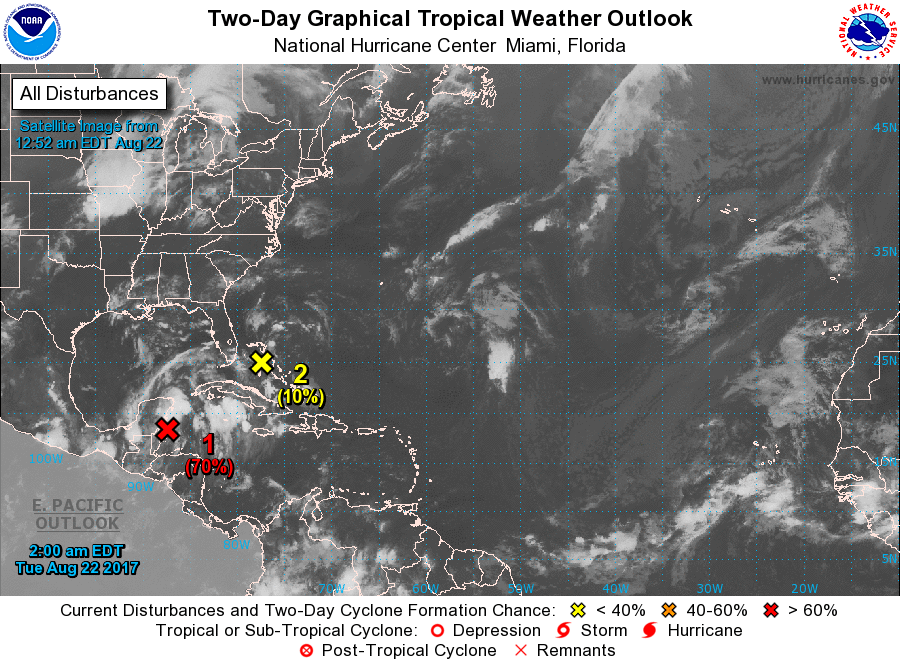
For the North Atlantic...Caribbean Sea and the Gulf of Mexico:

1. A large area of disturbed weather over the northwestern Caribbean Sea is associated with the remnants of Harvey. Satellite images and surface observations indicate that the system has not become better organized and tropical cyclone development is not expected before the system moves inland over the Yucatan peninsula this morning. However, environmental conditions are expected to be conducive for development when the system moves over the Bay of Campeche tonight or early Wednesday, and a tropical depression is likely to form over the southwestern Gulf of Mexico on Wednesday or Thursday. Regardless of development, locally heavy rainfall and gusty winds are expected to spread westward across Belize and the Yucatan peninsula during the next day or so.
* Formation chance through 48 hours...high...70 percent.
* Formation chance through 5 days...high...90 percent.

2. Shower and thunderstorm activity associated with a broad trough of low pressure near the northwestern Bahamas remains limited. Any development of this system during the next few days should be slow to occur while it moves west-northwestward, and then turns northwestward or northward near Florida and the adjacent waters. Environmental conditions could become a little more conducive for development by the weekend when the system begins to move northeastward over the western Atlantic.
* Formation chance through 48 hours...low...10 percent.
* Formation chance through 5 days...medium...40 percent.

Forecaster Brown